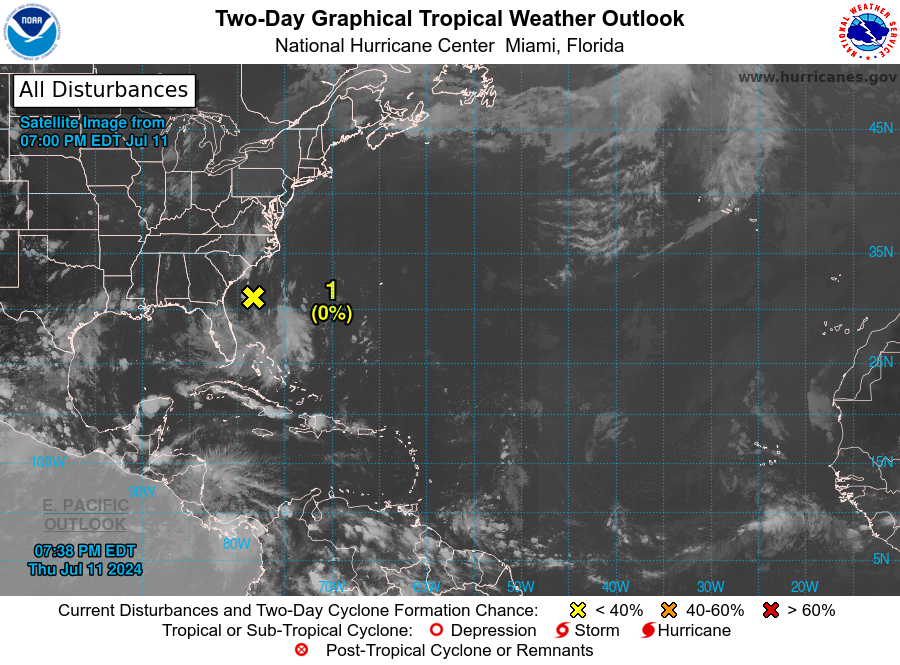
For the North Atlantic...Caribbean Sea and the Gulf of Mexico:

1. Off the Southeastern U.S. Coast: A broad area of low pressure located a couple of hundred miles off the southeastern U.S. coast continues to produce disorganized showers and thunderstorms. Development of this system is not expected before it moves inland over South Carolina and North Carolina on Friday due to strong upper-level winds. However, the disturbance could contribute to areas of heavy rainfall and possible flash flooding across portions of the Carolinas and Mid-Atlantic through Friday night. For more information about the potential for heavy rainfall, see products issued by the Weather Prediction Center and your local National Weather Service office.
* Formation chance through 48 hours...low...near 0 percent.
* Formation chance through 7 days...low...near 0 percent.

Forecaster Berg